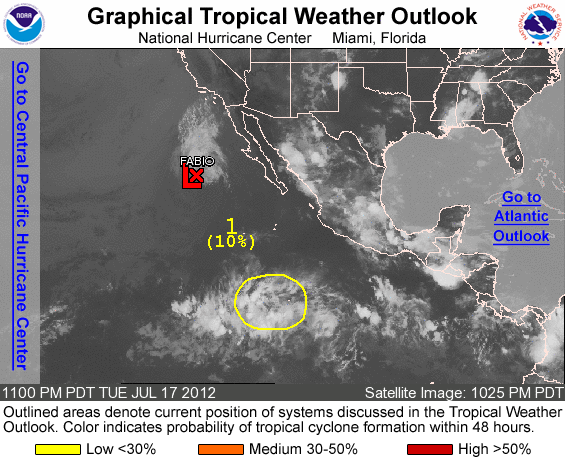
FOR THE EASTERN NORTH PACIFIC...EAST OF 140 DEGREES WEST LONGITUDE..

THE NATIONAL HURRICANE CENTER IS ISSUING ADVISORIES ON RECENTLY DOWNGRADED TROPICAL DEPRESSION FABIO...LOCATED ABOUT 510 MILES SOUTHWEST OF PUNTA BAJA MEXICO.

1. A BROAD AREA OF DISTURBED WEATHER CONTINUES ABOUT 825 MILES SOUTHWEST OF MANZANILLO MEXICO. ANY DEVELOPMENT OF THIS LARGE DISTURBANCE SHOULD BE SLOW TO OCCUR AS IT MOVES WESTWARD AT 10 TO 15 MPH. THIS SYSTEM HAS A LOW CHANCE...10 PERCENT...OF BECOMING A TROPICAL CYCLONE DURING THE NEXT 48 HOURS.

ELSEWHERE...TROPICAL CYCLONE FORMATION IS NOT EXPECTED DURING THE NEXT 48 HOURS.

FORECASTER BEVEN